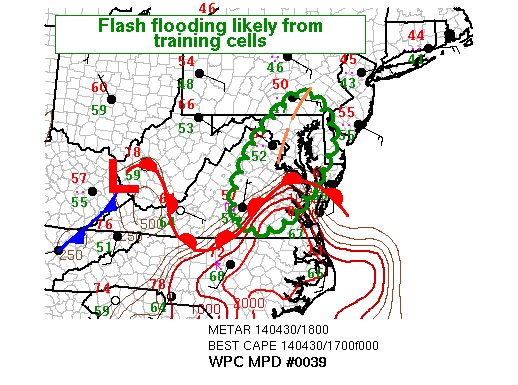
AREAS AFFECTED...ERN VA...MD...DE...SE PA

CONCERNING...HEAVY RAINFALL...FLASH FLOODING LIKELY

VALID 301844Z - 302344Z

SUMMARY...FLASH FLOODING APPEARS LIKELY THIS AFTERNOON AS CELLS
TRAIN TO THE NNE. THIS IS ESPECIALLY TRUE NORTH OF A WARM
FRONT...INCLUDING THE CORRIDOR FROM D.C. TO BALTIMORE AND NEAR
PHILADELPHIA. BUT SOME THREAT OVERLAPS THE SEVERE WEATHER
ENVIRONMENT OUTLINED BY THE STORM PREDICTION CENTER FARHTER SOUTH.

DISCUSSION...NEAR AND WEST OF WASHINGTON D.C...LONG DURATION
RAINFALL HAD BEGUN TO PRODUCE FLASH FLOODING OWING TO INCREASING
CAPE...PW...AND ASSOCIATED RAIN RATES. CELLS WERE TRAINING...AND
SHOULD CONTINUE TO DO SO...PARTICULARLY NORTH OF THE SURFACE WARM
FRONT WHERE MEAN LAYER WINDS WILL BE THE DOMINTANT INFLUENCE ON
MOTION. LAYER STEERING WINDS WILL REMAIN PARALLEL ATOP THE WARM
ADVECTION PROFILES NEAR CLOUD BASE. SLIGHT VEERING THROUGH TIME
SHOULD PUSH THE GREATER THREAT OF REPETITIVE HEAVY RAINFALL SLOWLY
EASTWARD...WHICH IS CONSISTENT WITH RADAR TRENDS AT 1830Z.

NEAR THE WARM FRONT IN SOUTHERN VA/MD...CELLS WILL BE ROOTED
NEARER THE SURFACE AND MORE PRONE TO ISOLATION AND DEVIANT MOTION
OWING TO THE FAVORABLE SHEAR AND STRONGER COLD POOLS. STILL...THE
GREATER CAPE AVAILABLE TO THESE CELLS MAY MAXIMIZE RAIN RATES AND
YIELD FLASH FLOODING WHEREVER TRAINING OCCURS. THROUGH EARLY
EVENING THE 12Z HIRES WRF-ARW...NMM...NSSL WRF AND 16Z HRRR AGREE
AS TO AN AXIS OF MAXIMUM AMOUNTS NEAR I-95. EXPECTING 1-3 INCHES
ADDITIONAL RAIN IN 1-3 HOURS WITHIN THE HEAVIER SWATHS.